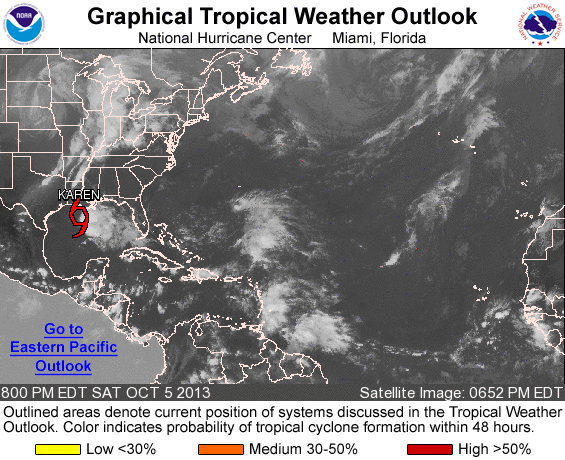
FOR THE NORTH ATLANTIC...CARIBBEAN SEA AND THE GULF OF MEXICO...

THE NATIONAL HURRICANE CENTER IS ISSUING ADVISORIES ON TROPICAL STORM KAREN...LOCATED OVER THE NORTH-CENTRAL GULF OF MEXICO.

TROPICAL CYCLONE FORMATION IS NOT EXPECTED DURING THE NEXT 48 HOURS.

OTHER SYSTEMS WITH FORMATION POTENTIAL BEYOND 48 HOURS...

AN AREA OF LOW PRESSURE COULD FORM OVER THE EASTERN TROPICAL ATLANTIC OCEAN DURING THE NEXT FEW DAYS. SOME DEVELOPMENT OF THIS LOW IS POSSIBLE EARLY NEXT WEEK WHILE IT MOVES WEST-NORTHWESTWARD AT 10 TO 15 MPH. THIS SYSTEM HAS A LOW CHANCE...NEAR 0 PERCENT...OF BECOMING A TROPICAL CYCLONE DURING THE NEXT 48 HOURS...AND A MEDIUM CHANCE...30 PERCENT...OF BECOMING A TROPICAL CYCLONE DURING THE NEXT 5 DAYS.

&&
FIVE-DAY FORMATION PROBABILITIES ARE EXPERIMENTAL IN 2013. COMMENTS ON THE EXPERIMENTAL FORECASTS CAN BE PROVIDED AT...

HTTP://WWW.NWS.NOAA.GOV/SURVEY/NWS-SURVEY.PHP?CODE=ETWO

FORECASTER STEWART